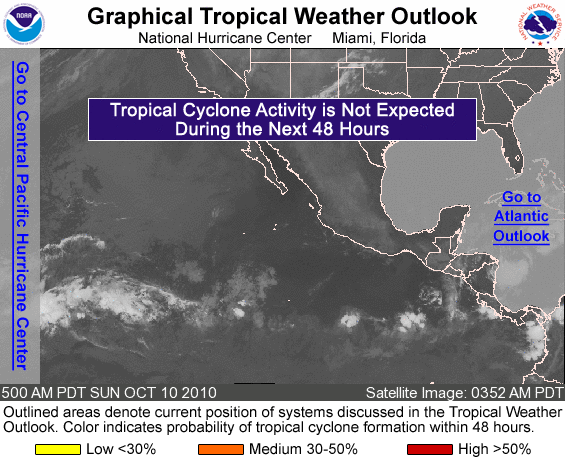
FOR THE EASTERN NORTH PACIFIC...EAST OF 140 DEGREES WEST LONGITUDE..

TROPICAL CYCLONE FORMATION IS NOT EXPECTED DURING THE NEXT 48 HOURS.

FORECASTER BRENNAN